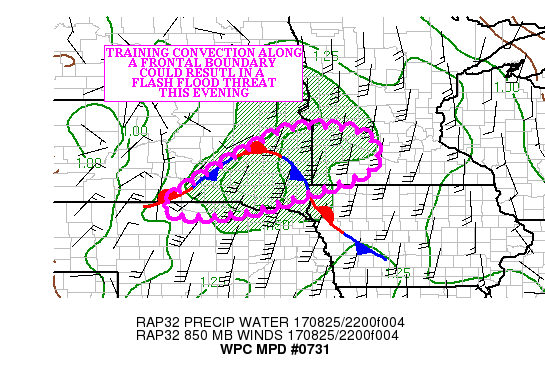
AREAS AFFECTED...EASTERN SD...SOUTHWEST MN

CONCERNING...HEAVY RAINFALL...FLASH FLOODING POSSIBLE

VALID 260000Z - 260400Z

SUMMARY...CONVECTION TRAINING ALONG A FRONTAL BOUNDARY IN A HIGH
MOISTURE ENVIRONMENT COULD RESULT IN HOURLY RAINFALL RATES NEAR
2.00 INCHES...WHICH IN TURN COULD POSE A FLASH FLOOD RISK THROUGH
THIS EVENING.

DISCUSSION...REGIONAL RADARS SHOWED A LINE OF CONVECTION
STRENGTHENING NEAR A FRONTAL BOUNDARY EXTENDING ACROSS EASTERN SD.
THE CONVECTION WAS FOLLOWING AN AXIS OF 2000-3000 J/KG
MLCAPE...WHERE PRECIPITABLE WATER VALUES WERE CLOSE TO 1.50
INCHES. THE CONVECTION THUS FAR HAS BEEN MAINLY OUTFLOW
DRIVEN...AS DRY AIR IN THE MID LEVELS (SHOWN IN RECENT RAP
SOUNDINGS ACROSS EASTERN SD) HELPS A DEVELOPING COLD POOL PUSH THE
CONVECTION ALONG.  IN ADDITION... THE KABR RADAR SHOWED HAIL
SIGNATURE IN THE BASE DATA...WHICH IS SUPPORTED BY THE HCA
PRODUCT.

THE GOES-16 CLEAN IR LOOP SHOWED COOLING TOPS ACROSS CENTRAL
SD...AS CONVECTION ON THE SOUTHWEST SIDE OF THE LINE STRENGTHENS
IN THE PRESENCE OF THE BEST INSTABILITY. THE MOST RECENT HRRR RUNS
SUGGEST THAT WHILE THE CONVECTION SHOULD REMAIN MOSTLY OUTFLOW
DRIVEN...CELLS ALONG THE LINE COULD START TO DROP SOUTHEAST...AS
PROPAGATION VECTORS SUGGEST THAT STRONG CELLS COULD TURN
RIGHT...INTO THE MOTION OF THE LINE. THIS CELL MOTION WOULD
INCREASE THE POTENTIAL FOR SHORT TERM TRAINING...AND AN INCREASED
FLASH FLOOD THREAT.

THE MOST RECENT HRRR RUNS SUGGESTED LOCAL 2.50 TO 3.50 INCH
RAINFALL AMOUNTS WHERE SHORT TERM TRAINING OCCURS ALONG THE
LINE...MAINLY ACROSS EASTERN SD. THREE HOUR FLASH FLOOD GUIDANCE
VALUES ARE AS LOW AS 1.50 INCHES...WHICH SUPPORT A FLASH FLOOD
THREAT.

FURTHER NORTHEAST INTO SOUTHWEST MN... ELEVATED INSTABILITY NORTH
OF THE STATIONARY FRONT COULD SET UP TRAINING HERE...THOUGH THERE
IS MUCH LESS OF A FLASH FLOOD SIGNAL IN THE HIGH RESOLUTION
GUIDANCE. LOWER FLASH FLOOD GUIDANCE HERE ALSO SUPPORTS A FLASH
FLOOD THREAT...BUT TO A LESSER DEGREE THAN EASTERN SD.